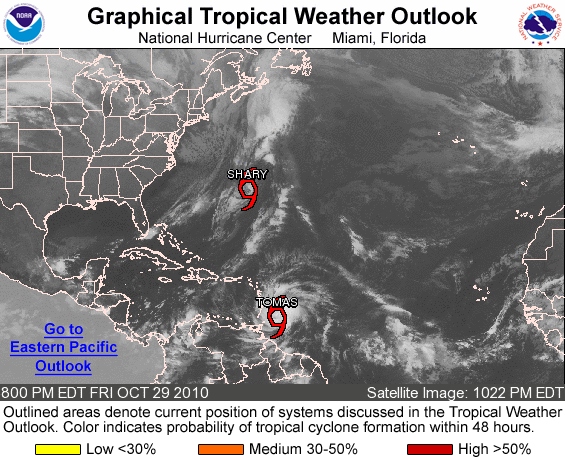
FOR THE NORTH ATLANTIC...CARIBBEAN SEA AND THE GULF OF MEXICO...

THE NATIONAL HURRICANE CENTER IS ISSUING ADVISORIES ON TROPICAL STORM SHARY...LOCATED ABOUT 80 MILES SOUTH-SOUTHEAST OF BERMUDA...AND ON RECENTLY FORMED TROPICAL STORM TOMAS...LOCATED ABOUT 170 MILES SOUTHEAST OF BARBADOS.

ELSEWHERE...TROPICAL CYCLONE FORMATION IS NOT EXPECTED DURING THE NEXT 48 HOURS.

PUBLIC ADVISORIES ON TOMAS ARE ISSUED UNDER WMO HEADER WTNT31 KNHC AND UNDER AWIPS HEADER MIATCPAT1. FORECAST/ADVISORIES ON TOMAS ARE ISSUED UNDER WMO HEADER WTNT21 KNHC AND UNDER AWIPS HEADER MIATCMAT1.

FORECASTER ROBERTS/BROWN